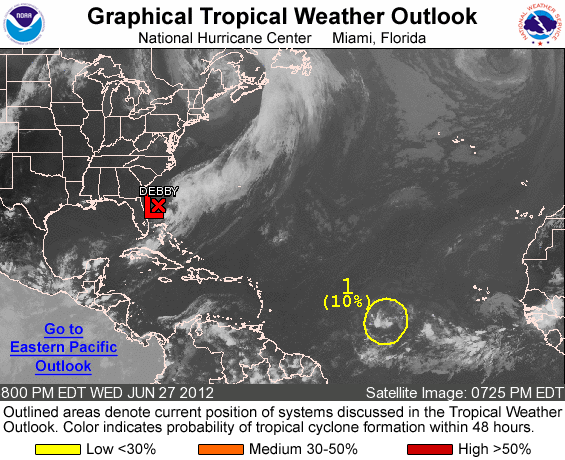
FOR THE NORTH ATLANTIC...CARIBBEAN SEA AND THE GULF OF MEXICO...

THE NATIONAL HURRICANE CENTER HAS ISSUED THE FINAL ADVISORY ON POST-TROPICAL CYCLONE DEBBY...LOCATED OVER THE WESTERN ATLANTIC ABOUT 240 MILES EAST OF ST. AUGUSTINE FLORIDA.

1. A TROPICAL WAVE LOCATED ABOUT 1500 MILES EAST OF THE SOUTHERN WINDWARD ISLANDS CONTINUES TO PRODUCE DISORGANIZED SHOWERS AND A FEW THUNDERSTORMS. ANY DEVELOPMENT SHOULD BE SLOW TO OCCUR AS IT MOVES WESTWARD AT 10 TO 15 MPH. THIS SYSTEM HAS A LOW CHANCE...10 PERCENT...OF BECOMING A TROPICAL CYCLONE DURING THE NEXT 48 HOURS.

ELSEWHERE...TROPICAL CYCLONE FORMATION IS NOT EXPECTED DURING THE NEXT 48 HOURS.

FORECASTER ROBERTS